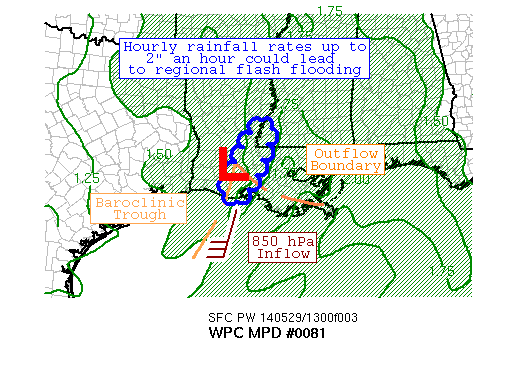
AREAS AFFECTED...SOUTH-CENTRAL LA AND SOUTHWEST MS

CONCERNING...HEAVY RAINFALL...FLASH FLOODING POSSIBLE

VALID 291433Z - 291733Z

SUMMARY...A NARROW BAND OF THUNDERSTORMS IS DEVELOPING ACROSS
SOUTH-CENTRAL LA AND SHOWING NO MOVEMENT.  REGIONAL FLASH FLOODING
IS POSSIBLE OVER THE NEXT FEW HOURS.

DISCUSSION...THE INTERSECTION OF A SURFACE TROUGH/BAROCLINIC
TROUGH AND AN OUTFLOW BOUNDARY IS HELPING TO FOCUS A NEW LINE OF
THUNDERSTORMS NEAR THE ATCHAFALAYA RIVER BASIN.  THE THUNDERSTORMS
HAVE SHOWN LITTLE SIGN OF MOVEMENT AS THEY TRAIN ALONG A NARROW
BAND.  THE MOST RECENT MESOSCALE GUIDANCE SHOWS A MODERATE SIGNAL
FOR HEAVY RAINFALL IN THIS AREA.  THE 0-3 KM WIND SHEAR IS NEAR 25
KTS AND CAPE VALUES ARE CLOSE TO 1000 J/KG, NEAR THE LOWER
THRESHOLD FOR THE WET MULTI-CELL ENVIRONMENT.  PRECIPITABLE WATER
VALUES ARE SUFFICIENT FOR POTENTIALLY HEAVY RAINFALL, SITTING NEAR
1.75", WHICH IS ABOVE THE 90TH PERCENTILE FOR LATE MAY.

OVER THE NEXT FEW HOURS, A SURFACE COLD POOL IS EXPECTED TO
DEVELOP NEAR THE NARROW BAND WHICH SHOULD MOVE THE THUNDERSTORMS
SLOWLY EAST AND SOUTHEASTWARD PER 06Z GFS CORFIDI VECTORS.  THE
00Z ARW FORECASTS THE MAXIMUM CAPE VALUES TO SHIFT NORTHEAST WITH
TIME, WHICH SHOULD ALLOW THE THUNDERSTORM BAND TO EXTEND NORTHEAST
AND WOULD OCCUR AS THE WESTERN PORTION OF AN OUTFLOW BOUNDARY
ACROSS SOUTHERN LA RETURNS NORTHEAST (AS THERE IS NO CONVECTION IN
SOUTHEAST LA TO MAINTAIN THE BOUNDARY'S CURRENT LOCATION).
RAINFALL RATES NEAR 2" AN HOUR IN STRONGER CELLS COULD CAUSE
REGIONAL FLASH FLOODING.